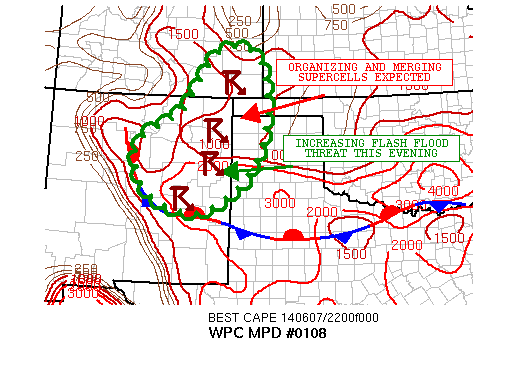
AREAS AFFECTED...NORTHEAST NM...SOUTHEAST CO...TX PANHANDLE...OK
PANHANDLE

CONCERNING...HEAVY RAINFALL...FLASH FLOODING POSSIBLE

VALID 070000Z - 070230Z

SUMMARY...DEVELOPING AND SLOW-MOVING SUPERCELL THUNDERSTORMS WILL
EVOLVE AND GRADUALLY MERGE AND ORGANIZE INTO LARGER SCALE
CONVECTIVE CLUSTERS THE NEXT COUPLE OF HOURS.

DISCUSSION...THE LATEST IR SAT IMAGERY SHOWS RAPIDLY DEVELOPING
SUPERCELL THUNDERSTORMS OVER PORTIONS OF SERN CO AND ESP EASTERN
NM WHERE A MOIST BOUNDARY LAYER HAS CONTINUED TO DESTABILIZE WITH
STRONG DIURNAL HEATING. A COLD FRONT WHICH HAD PASS THE REGION
EARLIER IN THE DAY HAS STALLED OUT ACROSS PORTIONS OF WRN TX AND
INTO ERN/CNTRL NM. DESPITE A RATHER STABLE BOUNDARY LAYER BEHIND
THE FRONT EARLIER ON...MOIST ERLY POST-FRONTAL FLOW COUPLED WITH
THE INCREASED DIURNAL HEATING IS HELPING TO REMOVE SBCIN SUCH THAT
CONVECTION DEVELOPING OVER THE HIGHER TERRAIN OF CO/NM CAN
ORGANIZE AND MOVE DOWNWIND INTO THE HIGH PLAINS.

A VERY STRONG INSTABILITY GRADIENT IS NOTED OVER WRN TX AND ERN
NM...WHICH WILL BE SETTING THE STAGE FOR AN ACTIVE NIGHT OF
CONVECTION FOR THE SRN PLAINS AND A STRONG LIKELIHOOD FOR AN MCS.

THE LATEST HI-RES MODELS AT LEAST FOR THE NEXT COUPLE OF HOURS
SUPPORT MERGING SUPERCELLS WHICH WILL EVOLVE INTO INCREASINGLY
ORGANIZED CONVECTIVE CLUSTERS. WHILE THE MODE OF CONVECTION WILL
OVERWHELMINGLY BE SEVERE...THE INCREASED THREAT OF CELL MERGERS
AND SLOW-MOVEMENT OF THE ACTIVITY WILL SUPPORT INTENSE RAINFALL
RATES CAPABLE OF FLASH FLOODING. THIS WILL BE FURTHER AIDED BY THE
AFOREMENTIONED MOIST ERLY FLOW NORTH OF THE STATIONARY FRONT. SO
RAINFALL RATES SHOULD BE QUITE HIGH. WILL CONTINUE TO MONITOR.